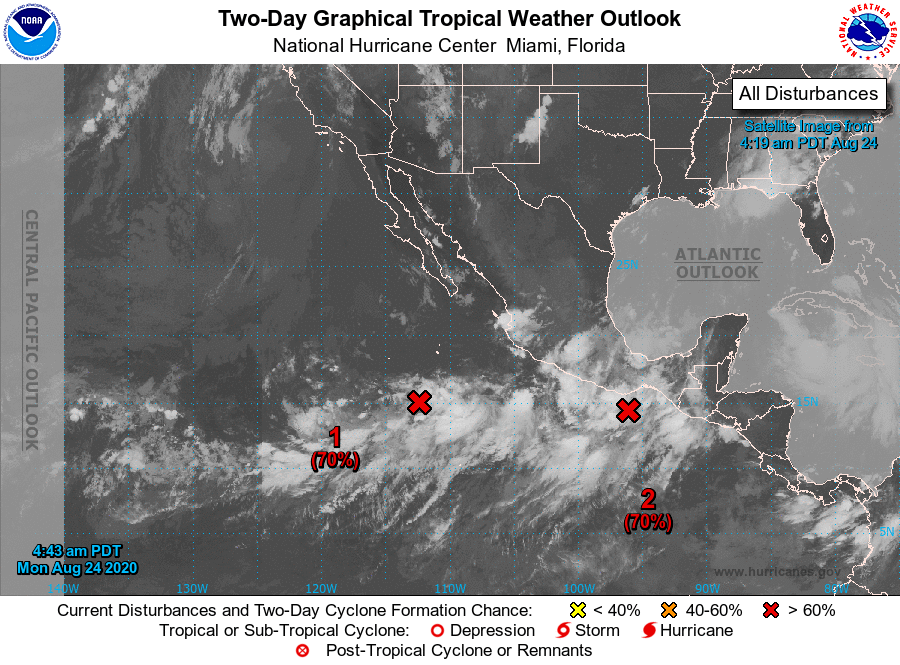
For the eastern North Pacific...east of 140 degrees west longitude:

1. An elongated zone of disturbed weather is located several hundred miles south-southwest of the southern tip of the Baja California peninsula. This weather is expected to consolidate in a couple of days, and environmental conditions appear conducive for a tropical depression to form later this week while the system meanders or drifts northward a few hundred miles offshore of the coast of southwestern Mexico.
* Formation chance through 48 hours...high...70 percent.
* Formation chance through 5 days...high...90 percent.

2. A small low pressure area located a couple of hundred miles southwest of the Gulf of Tehuantepec continues to produce disorganized shower and thunderstorm activity. Conditions appear conducive for additional development of this system if it does not move inland over Mexico, and a tropical depression is likely to form within the next couple of days while it moves slowly northwestward, near or parallel to the southwestern coast of Mexico. Regardless of development, areas of heavy rainfall and flash flooding are likely in southeastern Mexico and northern Central America during the next several days.
* Formation chance through 48 hours...high...70 percent.
* Formation chance through 5 days...high...80 percent.

For more information on the system several hundred miles south-southwest of the southern tip of the Baja California peninsula, see High Seas Forecasts issued by the National Weather Service under AWIPS header NFDHSFEPI, WMO header FZPN02 KWBC, and on the web at ocean.weather.gov/shtml/NFDHSFEPI.php

Forecaster Berg